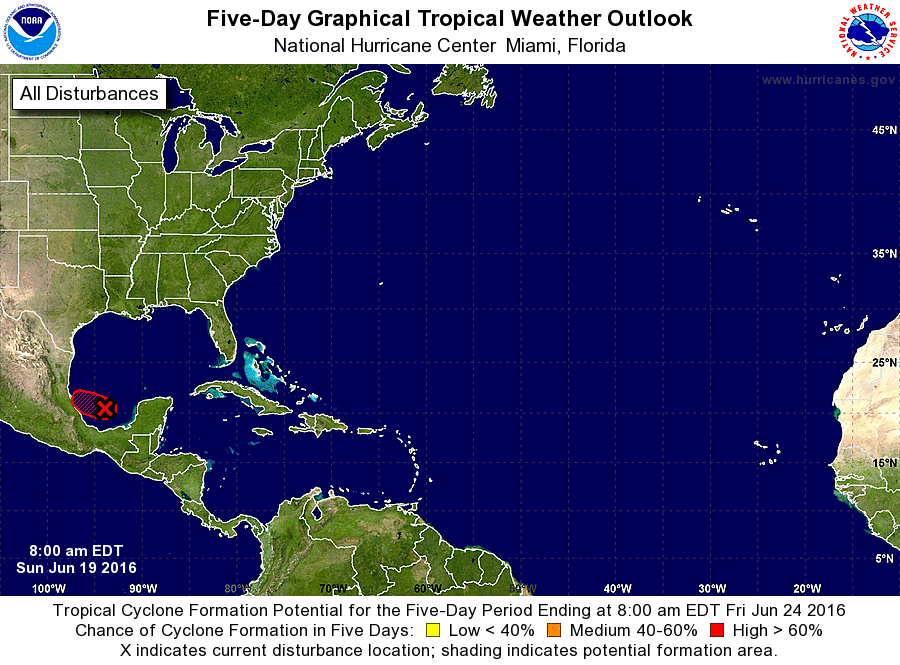
For the North Atlantic...Caribbean Sea and the Gulf of Mexico:

1. A low pressure system located over the central Bay of Campeche about 200 miles east of Tuxpan, Mexico is producing an area of showers and thunderstorms over the southwestern Gulf of Mexico. The low is moving westward to west-northwestward at around 10 mph and is forecast to reach the coast of eastern Mexico on Monday. Although upper-level winds are only marginally conducive, a tropical depression is still likely to form later today or on Monday. An Air Force Reserve Hurricane Hunter aircraft is scheduled to investigate the low this afternoon, if necessary. Regardless of whether or not a tropical cyclone develops, areas of heavy rain are expected over portions of eastern Mexico tonight through Tuesday. These rains could could cause life-threatening flash floods and mud slides, especially in areas of high terrain. For additional information on this system, see High Seas Forecasts issued by the National Weather Service.
* Formation chance through 48 hours...high...70 percent
* Formation chance through 5 days...high...70 percent

High Seas Forecasts issued by the National Weather Service are available under AWIPS header NFDHSFAT1, WMO header FZNT01 KWBC, and on the Web at http://www.opc.ncep.noaa.gov/shtml/NFDHSFAT1.shtml.

Forecaster Cangialosi